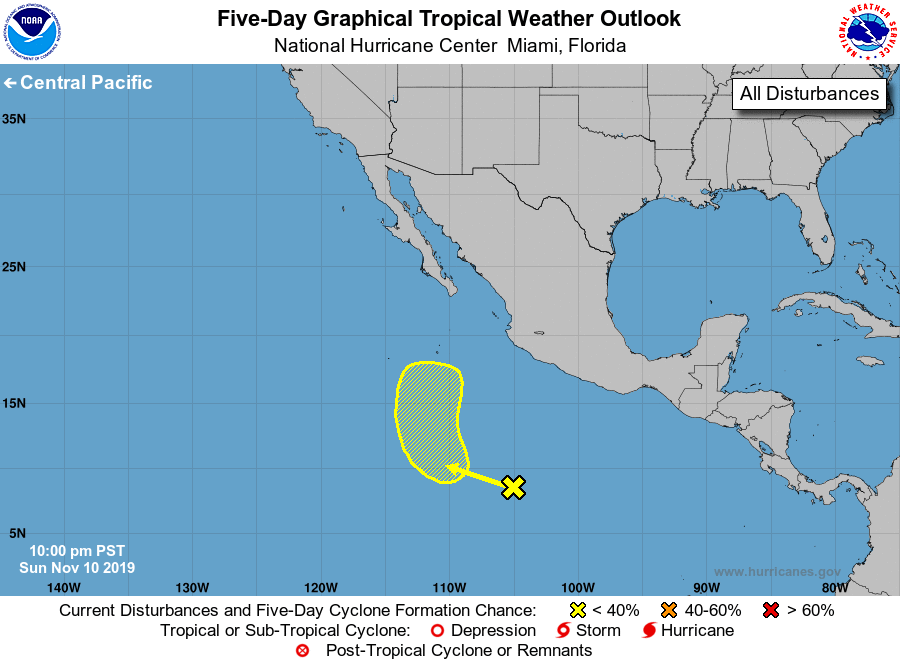
For the eastern North Pacific...east of 140 degrees west longitude:

1. A low pressure system is expected to form during the next few days several hundred miles south or south-southwest of the southern tip of the Baja California peninsula. Some gradual development will be possible thereafter while the system moves slowly northward.
* Formation chance through 48 hours...low...10 percent.
* Formation chance through 5 days...low...20 percent.

Forecaster Beven